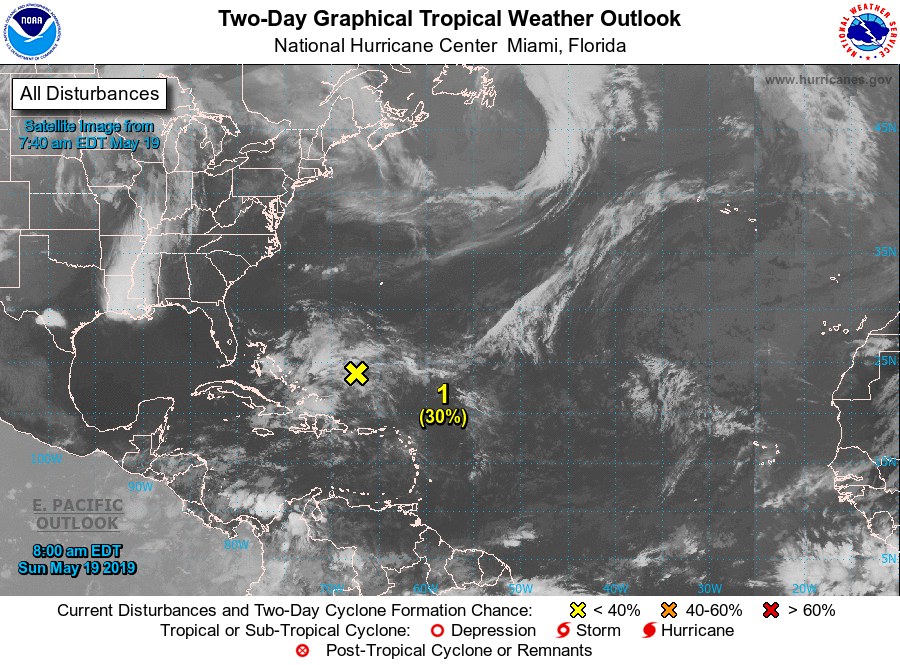
For the North Atlantic...Caribbean Sea and the Gulf of Mexico:

1. An area of low pressure is expected to form by Monday several hundred miles southwest of Bermuda. This system could develop into a short-lived tropical or subtropical cyclone late Monday or Tuesday while moving northward or northeastward. Environmental conditions are expected to become unfavorable for further development by Wednesday. The next Special Tropical Weather Outlook will be issued by 2 PM EDT today.
* Formation chance through 48 hours...low...30 percent.
* Formation chance through 5 days...medium...40 percent.

Forecaster Blake